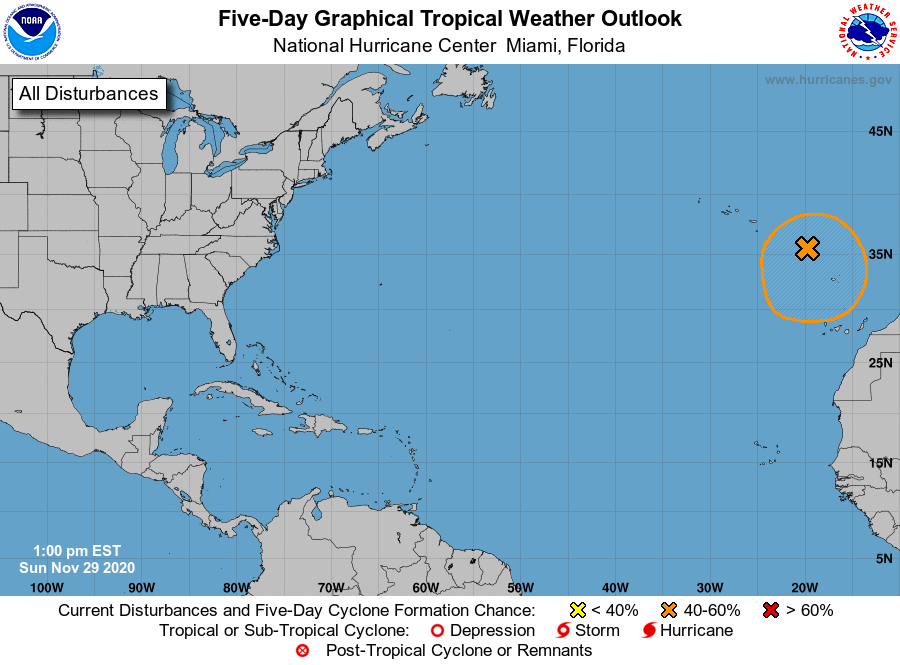
For the North Atlantic...Caribbean Sea and the Gulf of Mexico:

1. Shower and thunderstorm activity associated with a strong and large non-tropical low pressure system over the far eastern Atlantic has become a little better organized since yesterday. This low could acquire subtropical characteristics during the next couple of days while it meanders just to the north of the Canary Islands. By the middle of the week, environmental conditions are forecast to become unfavorable for further development. Regardless of development, this system should cause strong winds and locally heavy rains in the Madeira Islands through Monday or Tuesday. Additional information on this system can be found in High Seas Forecasts issued by Meteo France.
* Formation chance through 48 hours...medium...40 percent.
* Formation chance through 5 days...medium...40 percent.

High Seas Forecasts issued by Meteo France can be found under WMO header FQNT50 LFPW.

Forecaster Beven